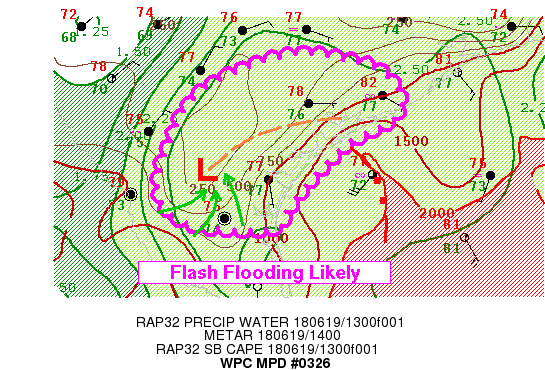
AREAS AFFECTED...SOUTHERN TEXAS...

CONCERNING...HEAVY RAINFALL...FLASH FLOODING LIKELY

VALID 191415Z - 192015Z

SUMMARY...VERY MOIST/EFFICIENT RAINFALL PRODUCTION NEAR INNER
CORE/INNER MOST BAND CONTINUE TO POSE LIKELY FLASH FLOODING
ESPECIALLY NEAR/ALONG THE TX COAST.

DISCUSSION...14Z SFC ANALYSIS DENOTES WEAK LOW NEAR LIVE
OAK/MCMULLIN COUNTIES WITH KCRP RADAR SHOWING MCV SOUTHWEST OVER
DUVAL COUNTY SHIFTING SLOWLY EASTWARD AS THE CONVECTION THAT HAS
ANCHORED IT STARTS TO WANE A BIT FROM JIM WELLS TO LEE COUNTY.
STILL WEAK INSTABILITY REMAINS IN THIS VICINITY AND GIVEN STRONG
MST CONVERGENCE/CONFLUENCE FROM DEEP SOUTH TEXAS AS WELL AS OFF
THE WESTERN GULF OF MEXICO IS STRONG ENOUGH TO MAINTAIN CONVECTION
THOUGH WEAKENING WITH TIME.  MOISTURE SOUNDINGS ARE INCREDIBLY
DEEP WITH TPWS AOA 2.6" SUPPORTED BY KCRP/KBRO 12Z SOUNDINGS AND
GPS NETWORK IN THE AREA..SO NO COLD POOL/OUTFLOW PROPAGATION WILL
BE EXPECTED SUPPORTING STATIONARY CELLS/STATIC ASCENT LOCATIONS.
CONVERGENCE MOTIONS NEAR THE CENTER MAY SHIFT A BIT WEST AS THE
MCV SHIFTS THAT DIRECTION.  HOWEVER...LARGER SCALE RIDGING TO THE
WEST WILL DELAY/REDUCE WESTWARD MOTIONS TOO MUCH REINFORCING MORE
OF AN ELONGATED N-S MID-LEVEL TROF.  LIMITING DEEPEST INSTABILITY
WILL REDUCE RAINFALL EFFICIENCY FROM 1.5"/HR TO 1.0" OVER THE NEXT
FEW HOURS BUT DURATION WILL CONTINUE TO ALLOW FOR FLASH FLOODING
TO BE LIKELY WITH 6HR TOTALS OVER 4-6" POSSIBLE ESPECIALLY WHERE
BEST MST CONVERGENCE/INSTABILITY  IS NOT AS OBSTRUCTED ON THE
SOUTHEAST PERIPHERY OF THE MCV IN JIM HOGG/BROOKS AND S DUVAL/JIM
WELLS COUNTY.

GOES-16 10.3UM AND 1-MINUTE VISIBLE SUITE SHOWS THE DEVELOPMENT OF
THE N-S WESTERN GULF INNER BAND.  DEEP UNIDIRECTIONAL FLOW IN THE
VICINITY OF THIS BAND SHOULD SUPPORT NORTHWARD TRAINING THOUGH
SOME STRONG SSELY INFLOW AT THE SURFACE MAY SUPPORT SOME SMALL
EASTWARD PROPAGATION OF THE BAND.   DEEP SURFACE MOISTURE AND HEAT
OVER THE OCEAN SUPPORTS GREATEST INSTABILITY OVER 2500 J/KG
ALLOWING FOR RAIN RATES/1HR TOTALS IN EXCESS OF 3"/HR GIVEN THE
TPWS OVER.  EVEN AT SHORT DURATION OR REDUCED TRAINING (IF
EASTWARD PROPAGATION IS SIGNFICANT) WHERE IT INTERSECTS WITH THE
COAST (LIKLY NEAR MATAGORDA BAY) IN THE NEXT FEW HOURS WILL LIKELY
HAVE FLOODING CONCERNS AS WELL.

THERE IS GREATER UNCERTAINTY IN COVERAGE/CONVECTIVE RESPONSE
ACROSS THE CENTRAL TO NORTHEAST TX COAST...BUT SUBSEQUENT MPD WILL
ADDRESS THIS AREA SHORTLY.